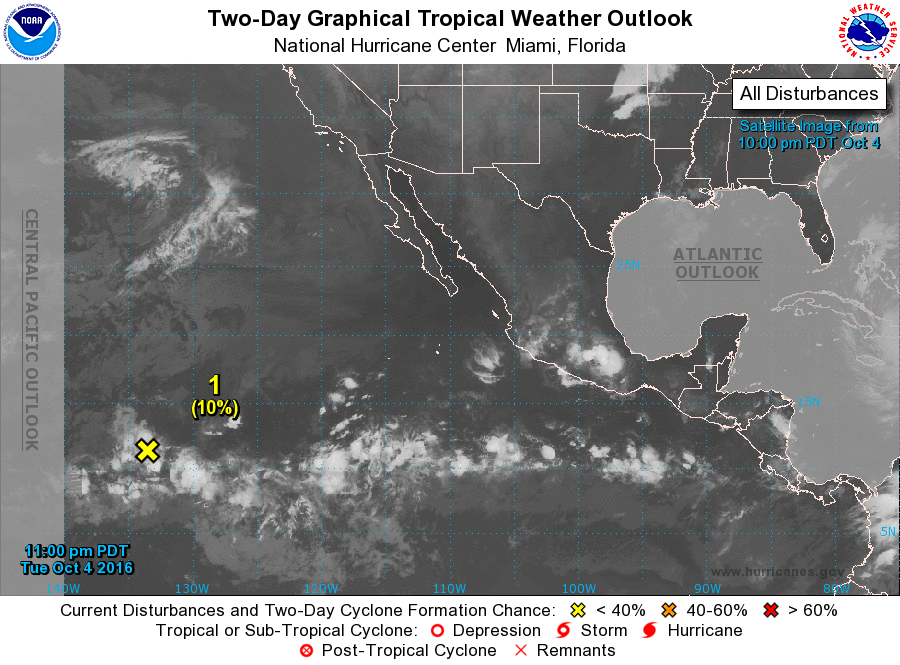
For the eastern North Pacific...east of 140 degrees west longitude:

1. A trough of low pressure located about 1500 miles east-southeast of the Big Island of Hawaii is producing disorganized showers and thunderstorms. Development, if any, of this system is expected to be slow to occur while it moves generally westward near 10 mph.
* Formation chance through 48 hours...low...10 percent
* Formation chance through 5 days...low...20 percent

Forecaster Cangialosi